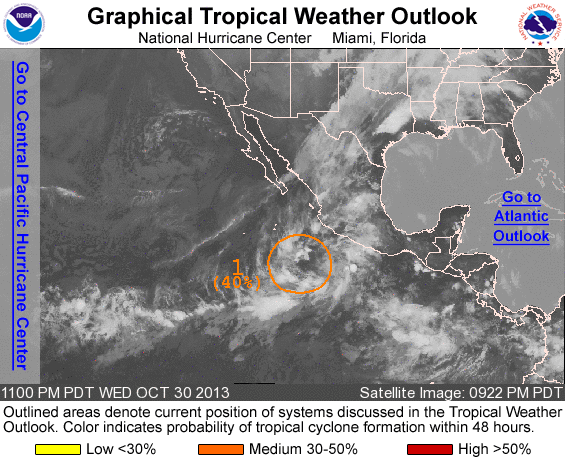
FOR THE EASTERN NORTH PACIFIC...EAST OF 140 DEGREES WEST LONGITUDE..

1. SHOWER ACTIVITY ASSOCIATED WITH A BROAD LOW PRESSURE AREA CENTERED ABOUT 400 MILES SOUTH-SOUTHWEST OF MANZANILLO MEXICO IS SLOWLY BECOMING BETTER ORGANIZED. UPPER-LEVEL WINDS ARE EXPECTED TO BECOME MORE CONDUCIVE FOR DEVELOPMENT OF THE LOW DURING THE NEXT COUPLE OF DAYS WHILE IT MOVES NORTH-NORTHWESTWARD AT ABOUT 5 MPH. THIS SYSTEM HAS A MEDIUM CHANCE...40 PERCENT...OF BECOMING A TROPICAL CYCLONE DURING THE NEXT 48 HOURS...AND A HIGH CHANCE... 70 PERCENT...OF BECOMING A TROPICAL CYCLONE DURING THE NEXT 5 DAYS.

FIVE-DAY FORMATION PROBABILITIES ARE EXPERIMENTAL IN 2013. COMMENTS ON THE EXPERIMENTAL FORECASTS CAN BE PROVIDED AT...

HTTP://WWW.NWS.NOAA.GOV/SURVEY/NWS-SURVEY.PHP?CODE=ETWO

FORECASTER BEVEN